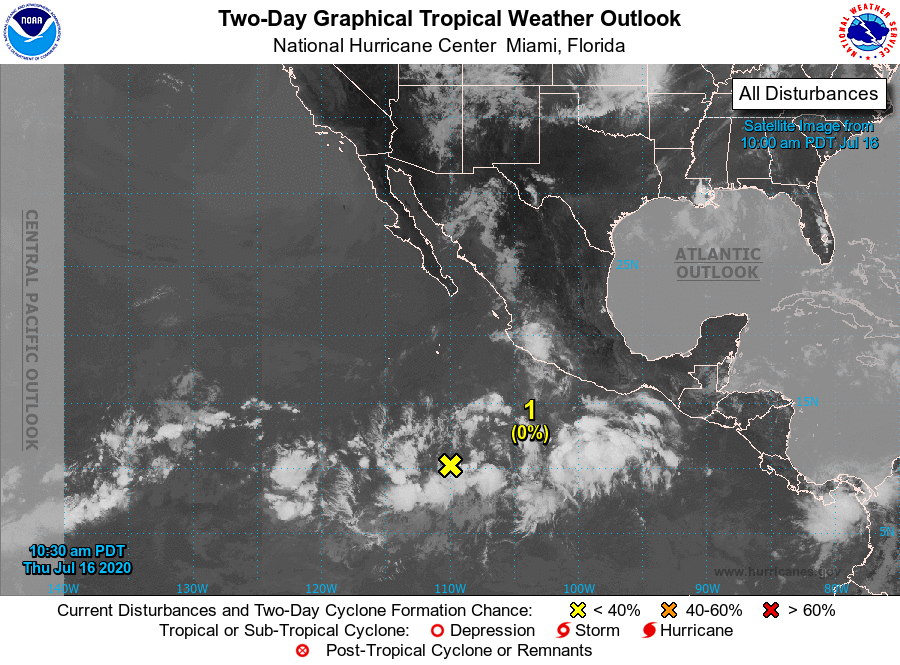
For the eastern North Pacific...east of 140 degrees west longitude:

1. Disorganized showers and thunderstorms continue in association with a tropical wave located several hundred miles southwest of the coast of southwestern Mexico. An area of low pressure is forecast to form from this system in a few days while moving toward the west-northwest at 15 to 20 mph, and some development is possible over the weekend or early next week before the low reaches cooler waters.
* Formation chance through 48 hours...low...near 0 percent.
* Formation chance through 5 days...low...30 percent.

Forecaster Berg